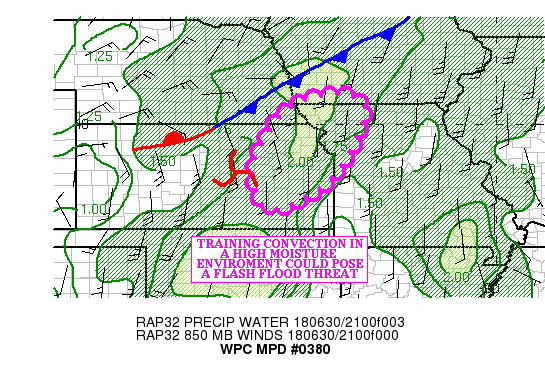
AREAS AFFECTED...EASTERN KS...NORTHWEST MO

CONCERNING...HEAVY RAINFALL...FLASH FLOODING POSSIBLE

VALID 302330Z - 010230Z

SUMMARY...CONVECTION TRAINING IN A HIGH MOISTURE ENVIRONMENT COULD
PRODUCE HOURLY RAINFALL RATES BETWEEN 1.50 AND 2.00 INCHES IN
PLACES LIKE THE KANSAS CITY METRO AREA INTO THE EVENING HOURS.

DISCUSSION...CONVECTION FORMING IN THE PRESENCE OF SYNOPTIC SCALE
LIFT VIA AN MCV OVER CENTRAL KS HAS INCREASED IN COVERAGE IN AN
AXIS OF 1.75/2.00 INCH PRECIPITABLE WATER AIR (WHICH IS ABOUT TWO
STANDARD DEVIATIONS ABOVE THE MEAN). IN THIS AXIS... THE KTOP
RADAR IS INDICATING HOURLY RAINFALL RATES NEAR 1.50 INCHES OVER
MARSHALL COUNTY KS INTO PAWNEE COUNTY NE.

THE GOES-16 CLEAN IR CHANNEL SHOWED CLOUD TOP TEMPERATURES NEAR
MINUS 70 CELSIUS OVER NORTHEAST KS...IN A RIBBON OF 3000-4000 J/KG
OF MLCAPE. AS THE LIFT ASSOCIATED WITH THE MCV TRACKING NORTH
NORTHEAST...IT IS EXPECTED TO ADD ENOUGH LIFT WITHIN THE STRONG
INSTABILITY TO ALLOW THE CONVECTION TO INCREASE IN COVERAGE
THROUGH 01/01Z. THESE STORMS ARE EXPECTED TO TAP INTO THE DEEP
MOISTURE TO PRODUCE HOURLY RAINFALL RATES BETWEEN 1.50 AND 2.00
INCHES OVER PORTIONS OF NORTHEAST KS INTO NORTHWEST MO...INCLUDING
THE KANSAS CITY METRO AREA.

THESE RATES WERE SUGGESTED BY THE MOST RECENT HRRR/EXPERIMENTAL
HRRR...WITH LOCAL 2.00/3.00 INCH RAINFALL TOTALS...MAINLY WHERE
TRAINING OCCURS. THE SCATTERED NATURE OF THE ACTIVITY COULD END UP
BEING THE LIMITING FACTOR FOR A MORE ENHANCED FLASH FLOOD
THREAT...BUT TRAINING IN THE HIGH MOISTURE ENVIRONMENT SUGGESTS
THAT FLASH FLOODING IS POSSIBLE THIS EVENING.